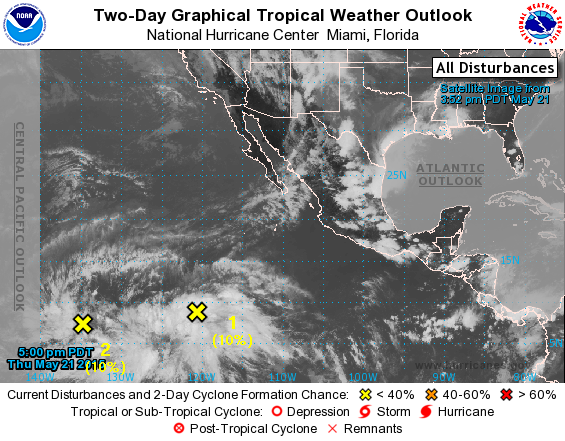
For the eastern North Pacific...east of 140 degrees west longitude:

1. A tropical wave located about 1250 miles southwest of the southern tip of Baja California continues to produce a large area of disorganized cloudiness and showers. Environmental conditions are expected to become conducive for slow development of this system during the next several days while it moves slowly west-northwestward.
* Formation chance through 48 hours...low...near 10 percent
* Formation chance through 5 days...medium...50 percent

2. A broad area of low pressure is located about 2000 miles southwest of the southern tip of Baja California. Some development of this system is possible during the next several days while the low moves slowly northwestward.
* Formation chance through 48 hours...low...near 10 percent
* Formation chance through 5 days...medium...50 percent

Forecaster Brown